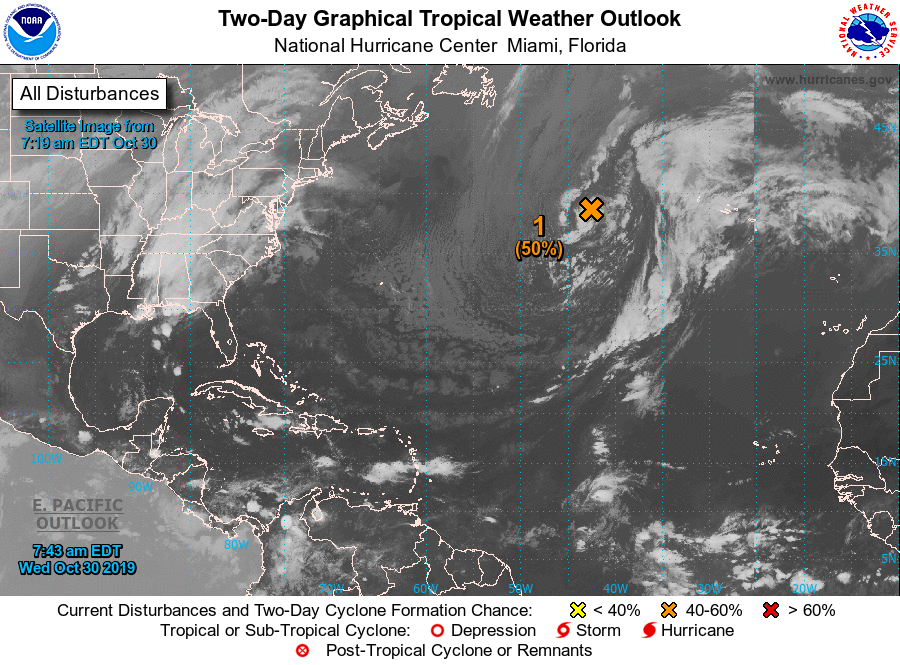
For the North Atlantic...Caribbean Sea and the Gulf of Mexico:

1. Shower activity associated with a non-tropical low pressure system located several hundred miles west of the westernmost Azores has become better organized this morning. Some additional development is possible and it could become a short-lived subtropical cyclone later today or tonight. The system will likely move over colder waters on Thursday and further development is unlikely after that time. The low is producing gale-force winds and these winds are forecast to continue today, regardless of development. For more information on this system, see High Seas Forecasts issued by the National Weather Service.
* Formation chance through 48 hours...medium...50 percent.
* Formation chance through 5 days...medium...50 percent.

High Seas Forecasts issued by the National Weather Service can be found under AWIPS header NFDHSFAT1, WMO header FZNT01 KWBC, and online at ocean.weather.gov/shtml/NFDHSFAT1.php.

Forecaster Zelinsky